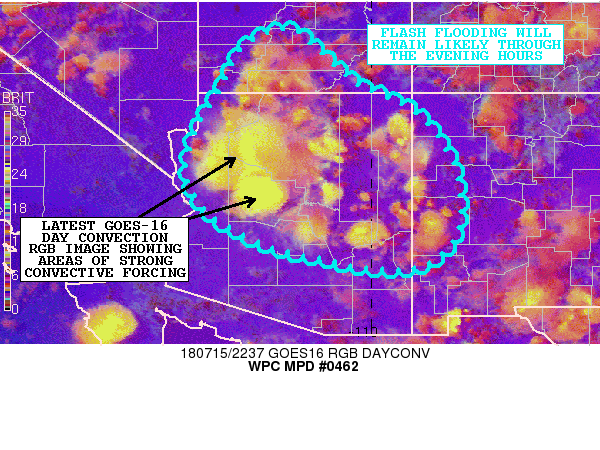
AREAS AFFECTED...SOUTHERN UT...NORTHERN/CENTRAL AZ...WESTERN NM

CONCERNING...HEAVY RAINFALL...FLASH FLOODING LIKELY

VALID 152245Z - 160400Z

SUMMARY...MONSOONAL SHOWERS AND THUNDERSTORMS WILL CONTINUE
THROUGH THE EVENING HOURS. FLASH FLOODING WILL REMAIN LIKELY.

DISCUSSION...THE LATEST RADAR AND SATELLITE IMAGERY SHOWS NUMEROUS
SHOWERS AND THUNDERSTORMS ACROSS THE SOUTHWEST U.S. IN ASSOCIATION
WITH THE MONSOON PATTERN.

ROBUST DIURNAL HEATING/SURFACE-BASED INSTABILITY HAS CONTRIBUTED
TO MLCAPE VALUES OF 1000 TO 2000 J/KG AND THIS COUPLED WITH
OROGRAPHICS...SMALL SCALE OUTFLOW/MESOSCALE BOUNDARIES AND RATHER
DIFFLUENT FLOW ALOFT WILL CONTINUE TO MAINTAIN THE CONVECTIVE
THREAT THROUGH THE EVENING HOURS. IN FACT...THE LATEST GOES-16 DAY
CONVECTION RGB IMAGERY IS SHOWING AN EXPANSION OF VERY STRONG
CONVECTIVE FORCING AND ASSOCIATED UPDRAFTS WITH AN EMPHASIS ON
WEST-CENTRAL AZ INCLUDING YAVAPAI COUNTY.

PWATS ACROSS THE REGION REMAIN ANOMALOUSLY HIGH WITH VALUES 2 TO
2.5 STANDARD DEVIATIONS ABOVE NORMAL...AND MOISTURE QUITE
PRONOUNCED IN THE 500/300 MB LAYER OF THE COLUMN. THIS WILL AGAIN
FAVOR EFFICIENT RAINFALL PROCESSES FOR ENHANCED RAINFALL RATES
THAT COULD EXCEED 2 INCHES/HR.

THE CONVECTION SHOULD BEGIN TO EXHAUST THE AVAILABLE INSTABILITY
BY AROUND 03Z AND THIS WILL LEAD TO A GRADUAL DECREASE IN
CONVECTIVE COVERAGE AND INTENSITY...BUT UNTIL THEN...EXPECT
ADDITIONAL HEAVY RAINFALL AMOUNTS OF AS MUCH AS 3 TO 4 INCHES WITH
THE STRONGEST CONVECTIVE CORES. THE GREATEST POTENTIAL WILL TEND
TO BE OVER CENTRAL AND NORTHERN AZ...BUT ADDITIONAL HEAVY RAINS
ARE EXPECTED UP OVER SOUTHERN UT AND WESTERN NM AS WELL.

FLASH FLOODING WILL REMAIN LIKELY GOING THROUGH THE EVENING...WITH
AGAIN THE BIGGEST CONCERNS INVOLVING SLOT-CANYONS...WASHES AND
BURN SCARS.